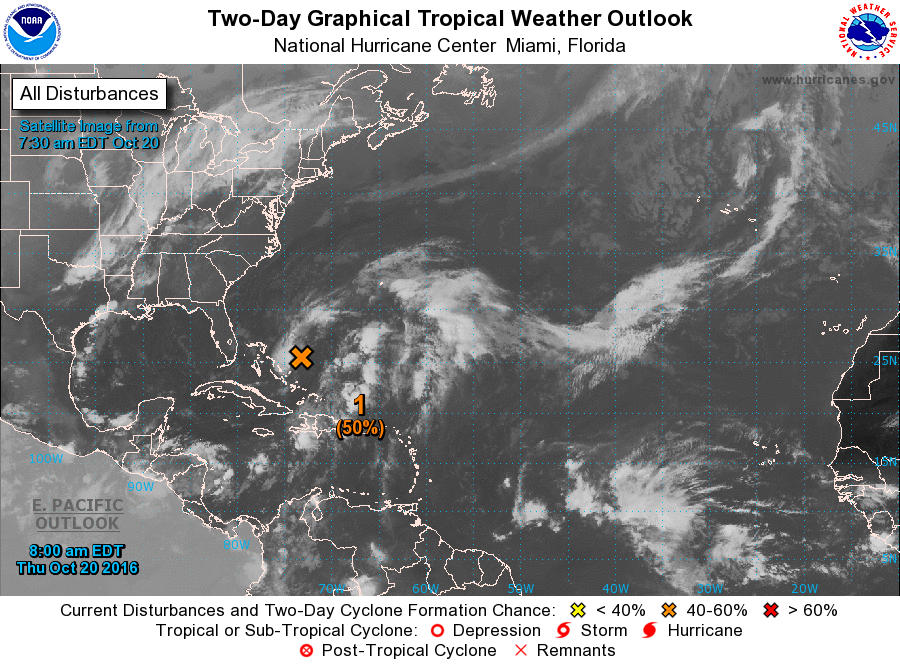
For the North Atlantic...Caribbean Sea and the Gulf of Mexico:

1. An elongated area of low pressure located a couple of hundred miles northeast of the Central Bahamas is moving northwestward at about 10 mph. This system has become slightly better organized since yesterday, and it could still become a subtropical or tropical cyclone before it merges with a cold front over the western Atlantic Friday night. A NOAA reconnaissance aircraft is scheduled to investigate the area this afternoon. Regardless of development, locally heavy rainfall is possible over portions of Hispaniola today.
* Formation chance through 48 hours...medium...50 percent
* Formation chance through 5 days...medium...50 percent

Forecaster Pasch